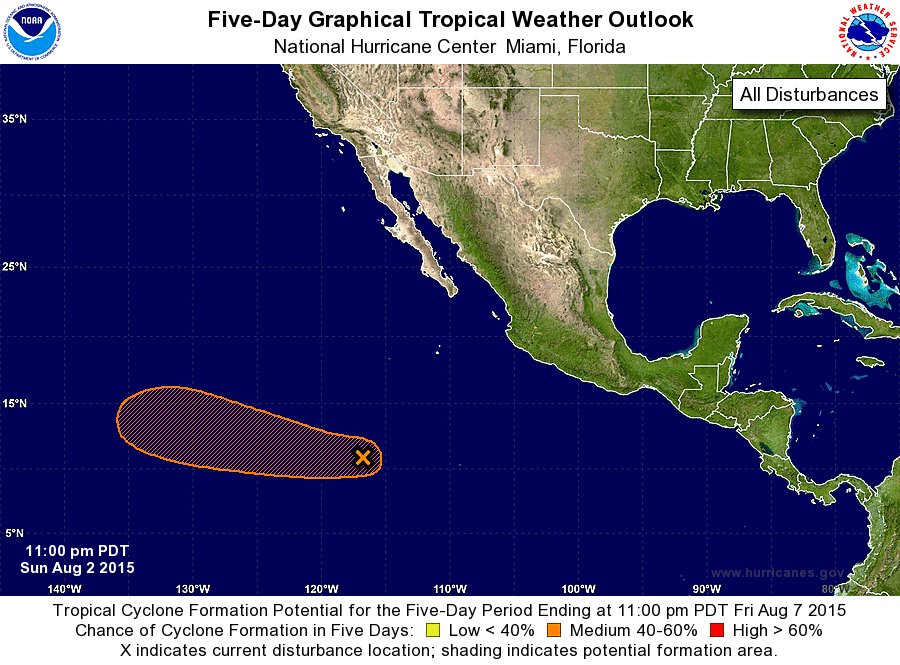
For the eastern North Pacific...east of 140 degrees west longitude:

1. Shower and thunderstorm activity has increased in association with an area of low pressure located about 1000 miles south-southwest of the southern tip of the Baja California peninsula. Environmental conditions are expected to be conducive for continued gradual development of this system over the next few days while it moves west-northwestward at 10 to 15 mph.
* Formation chance through 48 hours...low...30 percent
* Formation chance through 5 days...medium...60 percent

Forecaster Brennan